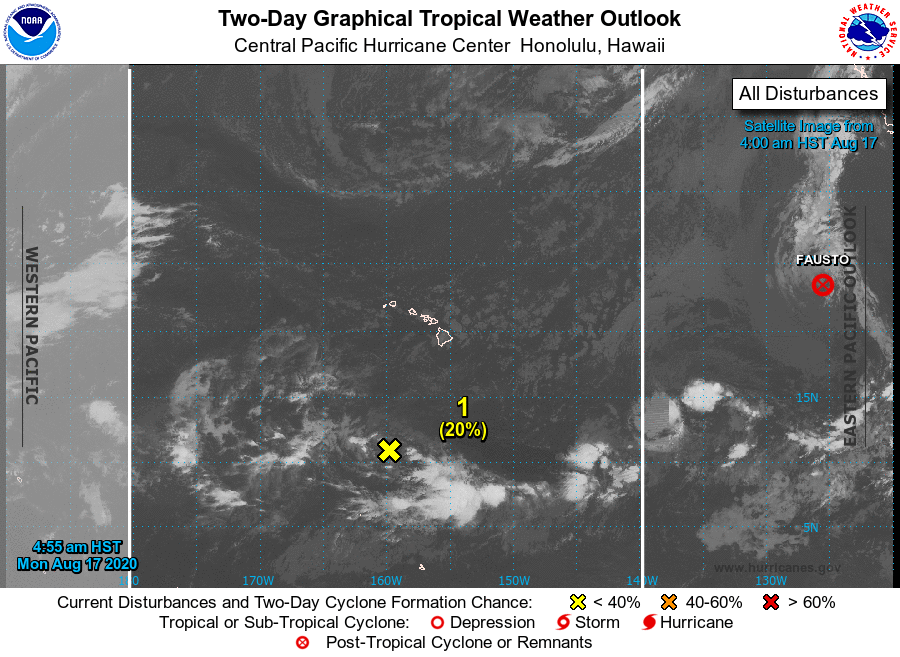
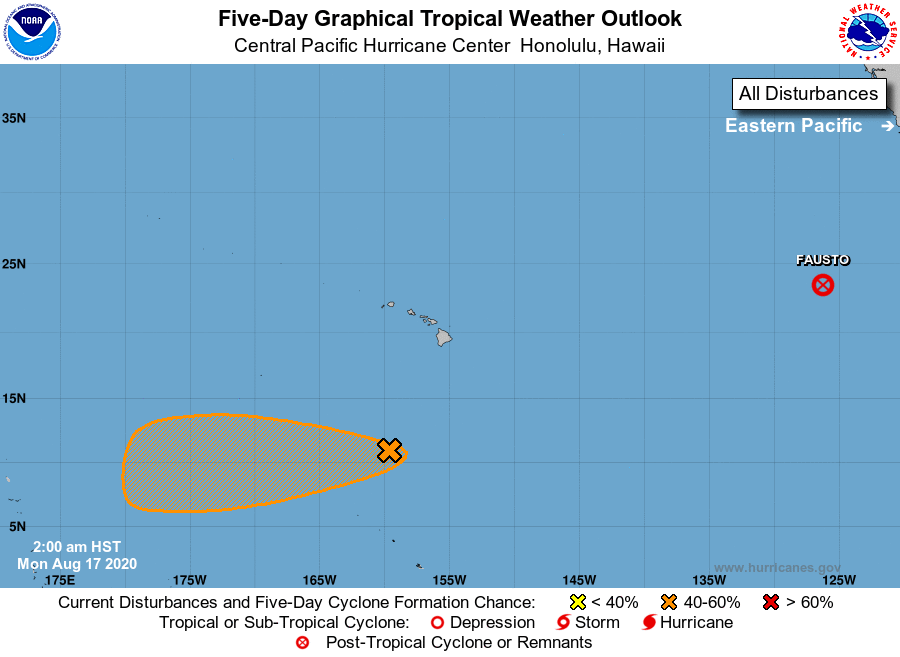
For the central North Pacific...between 140W and 180W:

1. A nearly stationary area of low pressure about 700 miles south of Honolulu, Hawaii is producing disorganized showers and thunderstorms, and lacks significant organization. Environmental conditions are expected to be marginally conducive for gradual development over the next couple of days as the system moves toward the west slowly.
* Formation chance through 48 hours...low...20 percent.
* Formation chance through 5 days...medium...50 percent.

Elsewhere, no tropical cyclones are expected during the next 5 days.

Forecaster Powell